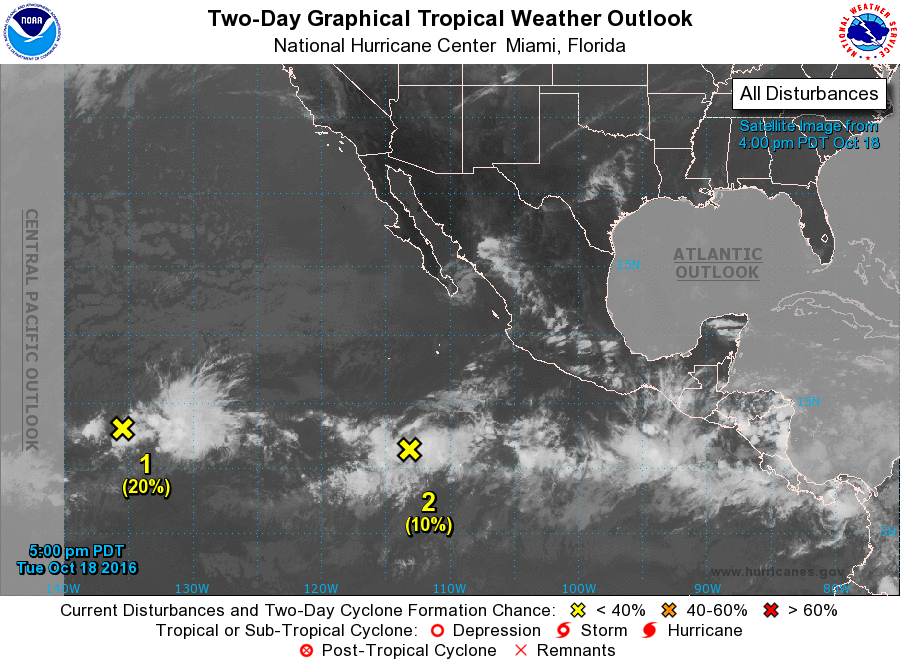
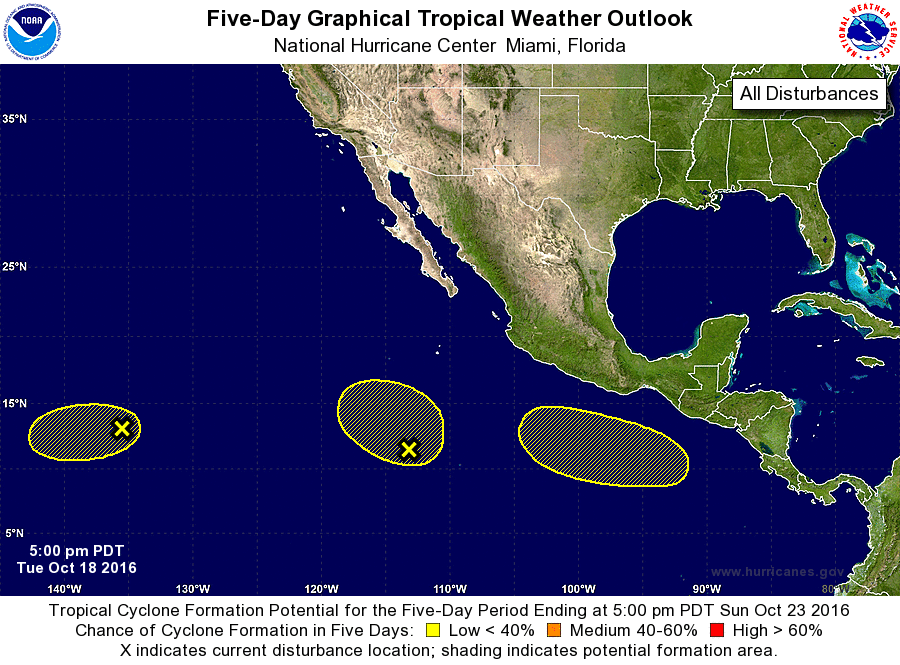
For the eastern North Pacific...east of 140 degrees west longitude:

1. A low pressure system located about 1325 miles east-southeast of the Big Island of Hawaii continues to produce disorganized showers and thunderstorms. Development, if any, of this system is expected to be slow to occur during the next day or so before environmental conditions become less conducive. The low is forecast to move west-southwestward at about 10 mph during the next few days.
* Formation chance through 48 hours...low...20 percent
* Formation chance through 5 days...low...20 percent

2. A weak low pressure system located about 825 miles south-southwest of the southern tip of the Baja California peninsula is producing a large area of disorganized showers and thunderstorms. Upper-level winds are only marginally conducive and any development of this system should be slow to occur during the next several days while the low drifts northward or northwestward.
* Formation chance through 48 hours...low...10 percent
* Formation chance through 5 days...low...20 percent

3. An area of low pressure is expected to form in a few days well to the south of the Gulf of Tehuantepec. Some gradual development of this disturbance is possible over the weekend while the system moves to the west-northwest at about 10 to 15 mph.
* Formation chance through 48 hours...low...near 0 percent
* Formation chance through 5 days...low...20 percent

Forecaster Brown